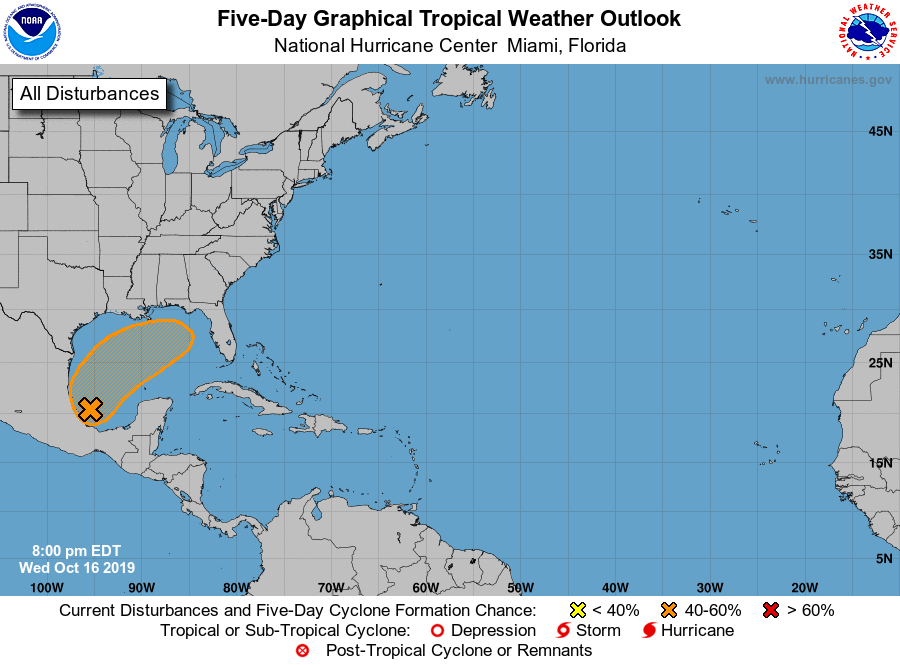
For the North Atlantic...Caribbean Sea and the Gulf of Mexico:

1. Shower and thunderstorm activity associated with a broad area of low pressure located over the Bay of Campeche has increased during the past several hours. This system is forecast to move northward and then northeastward across the western and central Gulf of Mexico during the next couple of days and it could become a tropical or subtropical cyclone during that time. Regardless of development, the low could produce gusty winds and rough surf when it nears the northern Gulf Coast on Friday and Saturday. Heavy rainfall is also possible across portions of the southeast U.S. late this week and this weekend. For more information about marine hazards while the low moves across the Gulf of Mexico during the next couple of days, see products issued by the Tropical Analysis and Forecast Branch of the National Hurricane Center. An Air Force Reserve reconnaissance aircraft is scheduled to investigate the system Thursday afternoon, if necessary.
* Formation chance through 48 hours...medium...60 percent.
* Formation chance through 5 days...medium...60 percent.

High Seas Forecasts issued by the National Weather Service can be found under AWIPS header NFDHSFAT1, WMO header FZNT01 KWBC, and online at ocean.weather.gov/shtml/NFDHSFAT1.php

Offshore Waters Forecasts for the Gulf of Mexico issued by the National Weather Service can be found under AWIPS header MIAOFFNT4, WMO header FZNT24 KNHC, and online at www.hurricanes.gov/text/MIAOFFNT4.shtml

Forecaster Zelinsky